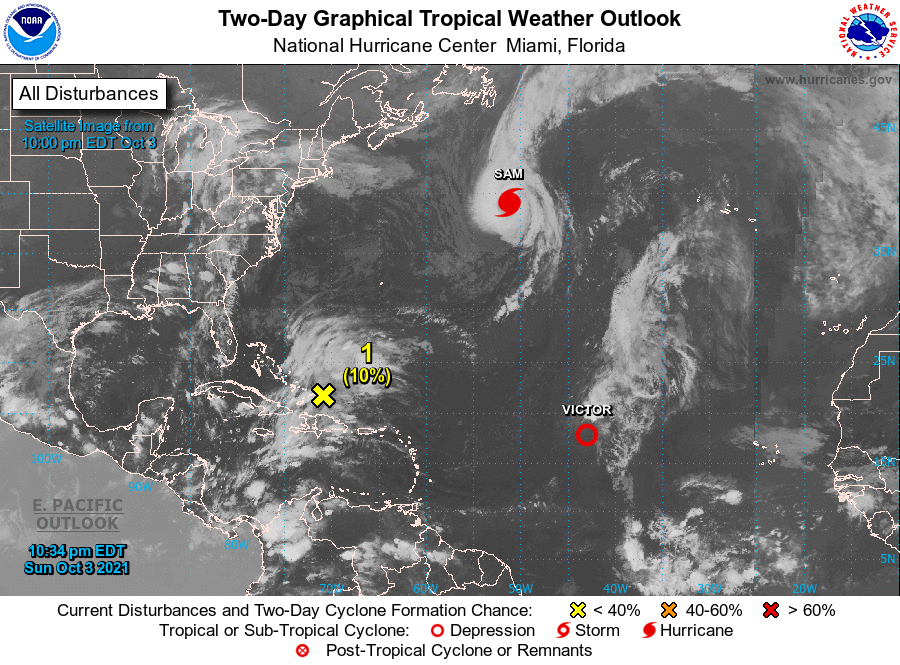
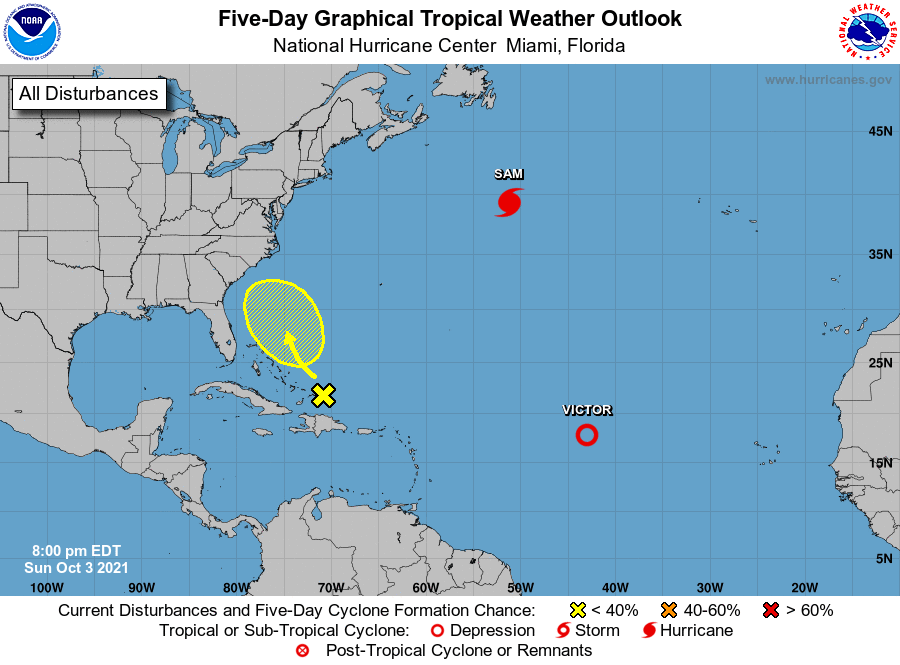
For the North Atlantic...Caribbean Sea and the Gulf of Mexico:

The National Hurricane Center is issuing advisories on Hurricane Sam, located over the far North Atlantic and on Tropical Depression Victor, located over the central tropical Atlantic.

1. A large area of disorganized cloudiness and showers continues over the southeastern Bahamas and adjacent southwestern Atlantic waters in association with a surface trough. Upper-level winds are not expected to be especially conducive, and any development of this system should be slow to occur while it moves slowly northwestward through late this week.
* Formation chance through 48 hours...low...10 percent.
* Formation chance through 5 days...low...20 percent.

Forecaster Blake